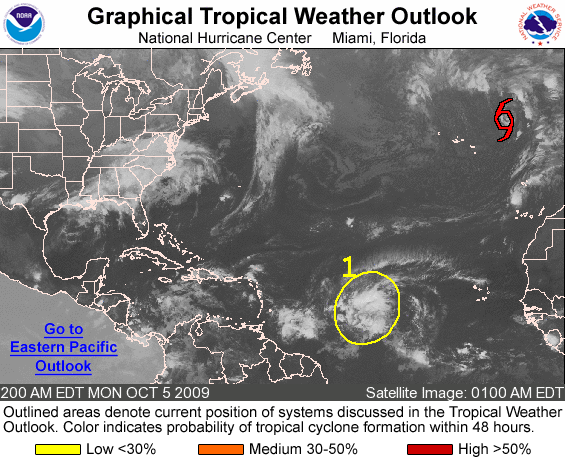
FOR THE NORTH ATLANTIC...CARIBBEAN SEA AND THE GULF OF MEXICO...

THE NATIONAL HURRICANE CENTER IS ISSUING ADVISORIES ON NEWLY-FORMED TROPICAL STORM GRACE...LOCATED ABOUT 420 MILES NORTHEAST OF THE AZORES.

1. A TROPICAL WAVE LOCATED ABOUT 1200 MILES EAST OF THE WINDWARD ISLANDS IS PRODUCING A LARGE AREA OF DISORGANIZED SHOWERS AND THUNDERSTORMS. SOME GRADUAL DEVELOPMENT OF THIS SYSTEM IS POSSIBLE OVER THE NEXT COUPLE OF DAYS AS IT MOVES WESTWARD AT 15 TO 20 MPH. THERE IS A LOW CHANCE...LESS THAN 30 PERCENT...OF THIS SYSTEM BECOMING A TROPICAL CYCLONE DURING THE NEXT 48 HOURS.

ELSEWHERE...TROPICAL CYCLONE FORMATION IS NOT EXPECTED DURING THE NEXT 48 HOURS.

FORECASTER KIMBERLAIN